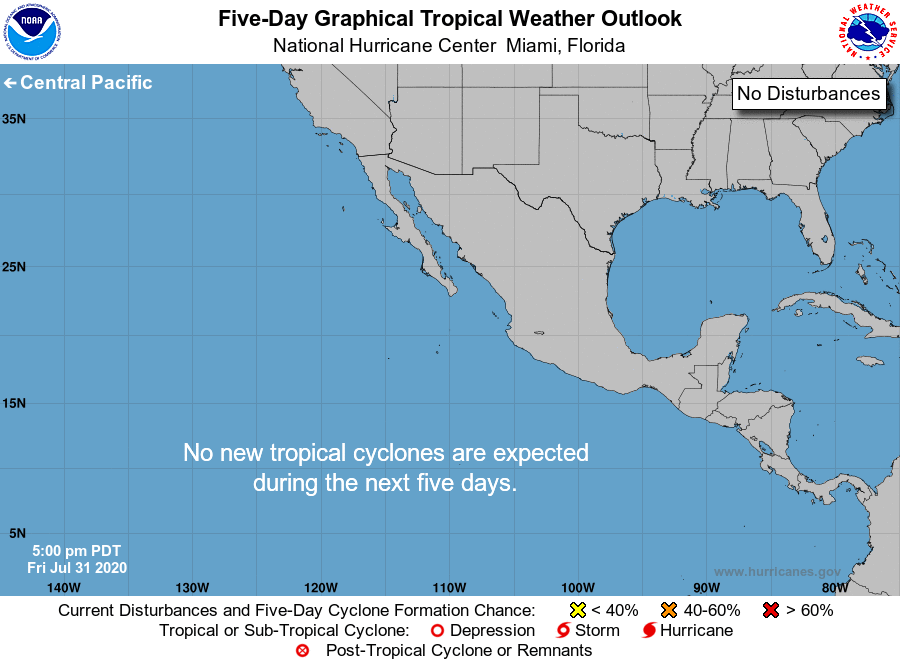
For the eastern North Pacific...east of 140 degrees west longitude:

Tropical cyclone formation is not expected during the next 5 days.

Forecaster Zelinsky